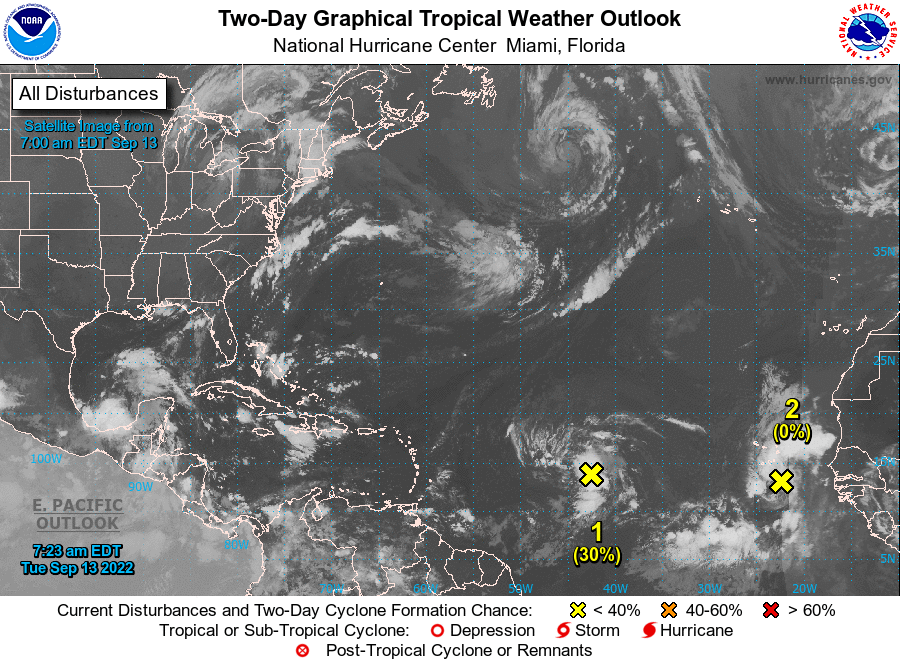
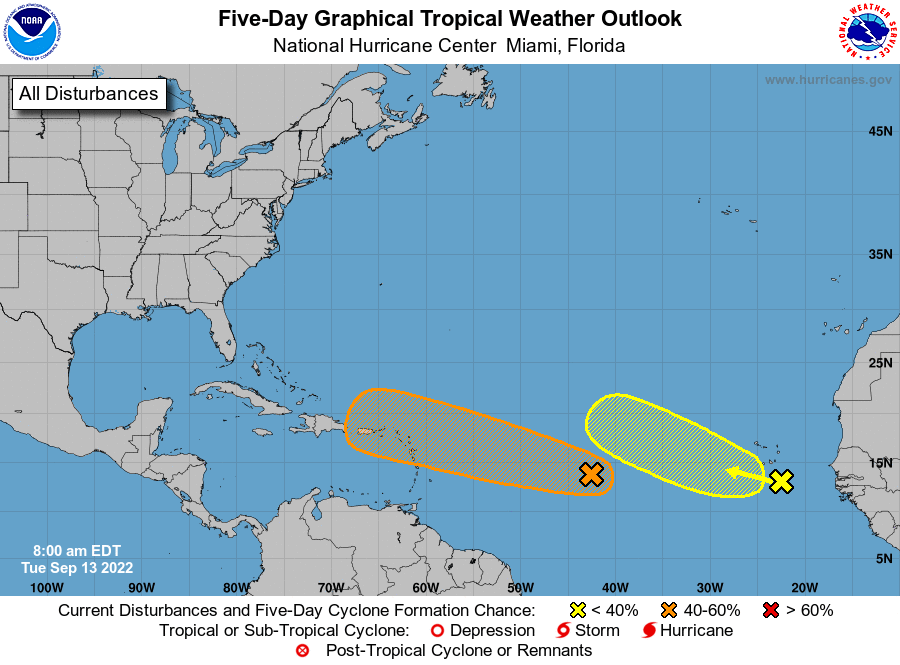
For the North Atlantic...Caribbean Sea and the Gulf of Mexico:

1. Central Tropical Atlantic: Conventional and Low-earth orbit satellite data indicate that showers and thunderstorms associated with a tropical wave located about midway between the west coast of Africa and the Windward Islands have increased and become better organized since yesterday afternoon. Further development of this system is possible and a tropical depression could form over the next several days while it generally moves westward to west-northwestward over the central tropical Atlantic and approaches the Leeward Islands on Friday.
* Formation chance through 48 hours...low...30 percent.
* Formation chance through 5 days...medium...40 percent.

2. Eastern Tropical Atlantic: Showers and thunderstorms have changed little overnight in association with a tropical wave approaching the Cabo Verde Islands. Environmental conditions appear only marginally favorable, and any development of this system should be slow to occur while it moves westward or west-northwestward across the eastern tropical Atlantic through the end of the week.
* Formation chance through 48 hours...low...near 0 percent.
* Formation chance through 5 days...low...20 percent.

Forecaster Roberts